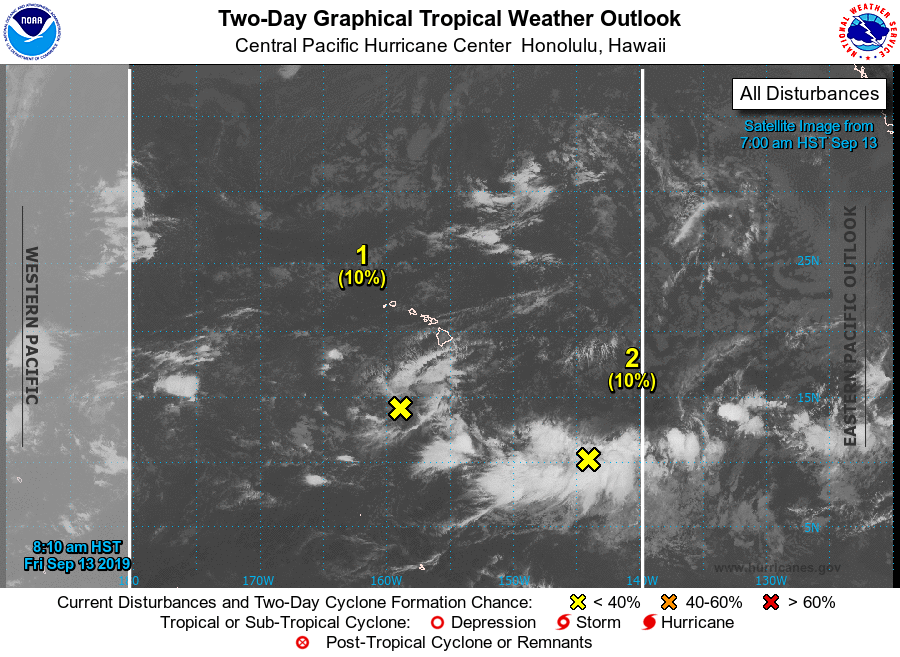
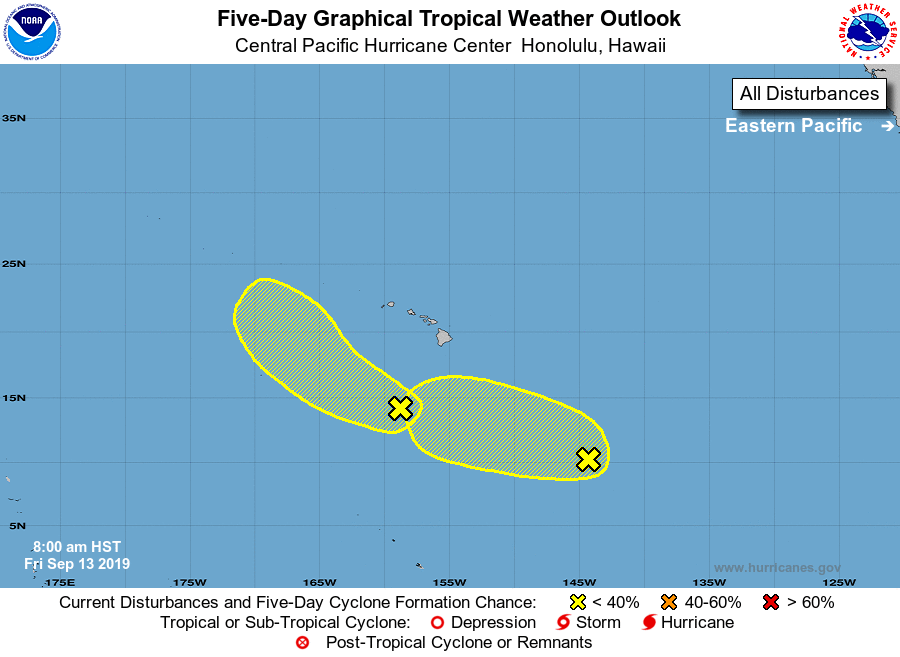
For the central North Pacific...between 140W and 180W:

1. An area of disturbed weather centered about 450 miles south of Honolulu, Hawaii is associated with an area of low pressure. Some slow development of this disturbance is possible during the next several days while the system moves slowly northwestward.
* Formation chance through 48 hours...low...10 percent.
* Formation chance through 5 days...low...20 percent.

2. An area of low pressure is located around 1000 miles southeast of the Big Island of Hawaii. Some slow development of this disturbance is possible during the next several days while the system moves slowly west-northwestward.
* Formation chance through 48 hours...low...10 percent.
* Formation chance through 5 days...low...20 percent.

Elsewhere, no tropical cyclones are expected during the next 5 days.

Forecaster EATON